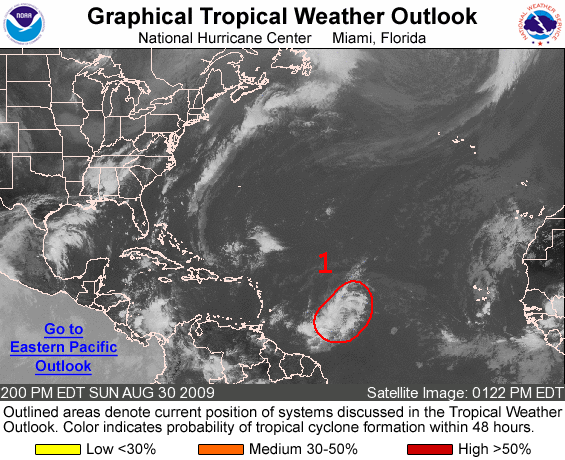
FOR THE NORTH ATLANTIC...CARIBBEAN SEA AND THE GULF OF MEXICO...

1. CLOUDINESS AND SHOWERS ASSOCIATED WITH A BROAD AREA OF LOW PRESSURE LOCATED ABOUT 800 MILES EAST OF THE WINDWARD ISLANDS HAVE CHANGED LITTLE IN ORGANIZATION SINCE THIS MORNING. THIS SYSTEM COULD BECOME A TROPICAL DEPRESSION DURING THE NEXT DAY OR SO AS IT MOVES WEST-NORTHWESTWARD AROUND 15 MPH. THERE IS A HIGH CHANCE...GREATER THAN 50 PERCENT...OF TROPICAL CYCLONE FORMATION IN THIS AREA DURING THE NEXT 48 HOURS. INTERESTS IN THE LESSER ANTILLES SHOULD MONITOR THE PROGRESS OF THIS SYSTEM.

ELSEWHERE...TROPICAL CYCLONE FORMATION IS NOT EXPECTED DURING THE NEXT 48 HOURS.

FORECASTER PASCH/ROBERTS